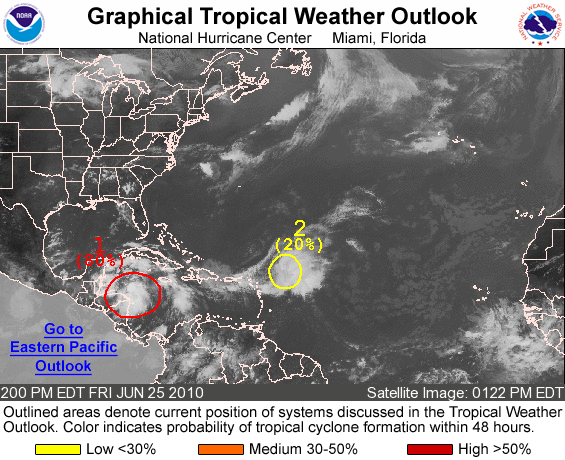
FOR THE NORTH ATLANTIC...CARIBBEAN SEA AND THE GULF OF MEXICO...

1. SATELLITE IMAGES AND SURFACE OBSERVATIONS INDICATE THAT THE LOW PRESSURE AREA BETWEEN THE NORTHERN COAST OF HONDURAS AND GRAND CAYMAN HAS BECOME BETTER ORGANIZED TODAY. AN AIR FORCE RECONNAISSANCE PLANE IS CURRENTLY APPROACHING THE SYSTEM TO DETERMINE IF A TROPICAL DEPRESSION HAS FORMED. REGARDLESS... UPPER-LEVEL WINDS ARE BECOMING MORE CONDUCIVE FOR DEVELOPMENT AND A TROPICAL DEPRESSION WILL LIKELY FORM AT ANY TIME LATER TODAY OR SATURDAY. THERE IS A HIGH CHANCE...80 PERCENT...OF THIS SYSTEM BECOMING A TROPICAL CYCLONE DURING THE NEXT 48 HOURS. THIS SYSTEM...ACCOMPANIED BY HEAVY RAINS AND GUSTY WINDS...IS FORECAST TO MOVE SLOWLY TOWARD THE WEST-NORTHWEST AND REACH THE YUCATAN PENINSULA IN A DAY OR TWO. ALL INTERESTS IN THE NORTHWESTERN CARIBBEAN SEA AND YUCATAN SHOULD MONITOR THE PROGRESS OF THIS SYSTEM.

2. A LARGE BUT DISORGANIZED AREA OF CLOUDINESS AND SHOWERS CENTERED JUST EAST OF THE NORTHERN LEEWARD ISLANDS IS ASSOCIATED WITH A TROPICAL WAVE INTERACTING WITH AN UPPER-LEVEL TROUGH. THIS SYSTEM HAS THE POTENTIAL FOR SLOW DEVELOPMENT AS IT MOVES TOWARD THE NORTHWEST AT 10 TO 15 MPH. THERE IS A LOW CHANCE...20 PERCENT...OF THIS SYSTEM BECOMING A TROPICAL CYCLONE DURING THE NEXT 48 HOURS.

ELSEWHERE...TROPICAL CYCLONE FORMATION IS NOT EXPECTED DURING THE NEXT 48 HOURS.

FORECASTER AVILA/ROBERTS